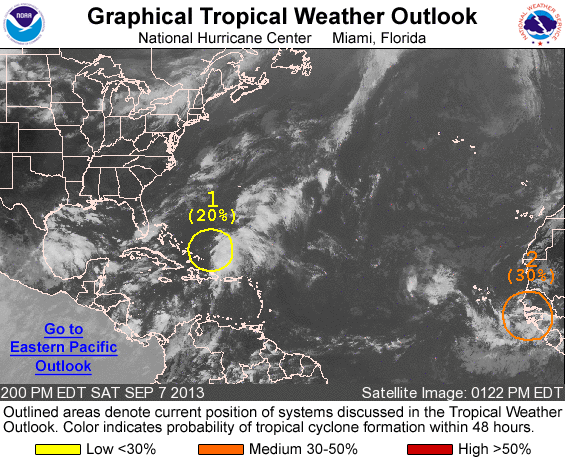
FOR THE NORTH ATLANTIC...CARIBBEAN SEA AND THE GULF OF MEXICO...

1. DISORGANIZED SHOWERS AND THUNDERSTORMS CONTINUE IN ASSOCIATION WITH A BROAD LOW PRESSURE AREA...THE REMNANTS OF GABRIELLE...CENTERED ROUGHLY A COUPLE HUNDRED MILES NORTHEAST OF THE SOUTHEASTERN BAHAMAS. DATA FROM A NOAA G-IV RESEARCH MISSION INDICATE THAT UPPER-LEVEL WINDS ARE CURRENTLY ONLY MARGINAL FOR DEVELOPMENT. ENVIRONMENTAL CONDITIONS COULD BECOME MORE CONDUCIVE WHILE THE LOW MOVES NORTHWARD OR NORTHEASTWARD AHEAD OF A COLD FRONT OVER THE WESTERN ATLANTIC OCEAN IN A FEW DAYS. THIS SYSTEM HAS A LOW CHANCE...20 PERCENT...OF BECOMING A TROPICAL CYCLONE DURING THE NEXT 48 HOURS...AND A MEDIUM CHANCE...40 PERCENT...OF BECOMING A TROPICAL CYCLONE DURING THE NEXT 5 DAYS.

2. A LOW PRESSURE AREA HAS FORMED ALONG THE COAST OF SENEGAL ASSOCIATED WITH A STRONG TROPICAL WAVE. THIS DISTURBANCE IS ALREADY SHOWING SOME SIGNS OF ORGANIZATION...AND CONDITIONS APPEAR FAVORABLE FOR A TROPICAL DEPRESSION TO FORM IN A FEW DAYS. THIS SYSTEM HAS A MEDIUM CHANCE...30 PERCENT...OF BECOMING A TROPICAL CYCLONE DURING THE NEXT 48 HOURS...AND A HIGH CHANCE...80 PERCENT...OF BECOMING A TROPICAL CYCLONE DURING THE NEXT 5 DAYS. THE LOW IS EXPECTED TO MOVE WESTWARD AT AROUND 10 MPH NEAR OR SOUTH OF THE CAPE VERDE ISLANDS DURING THE NEXT COUPLE OF DAYS AND THEN NORTHWESTWARD OVER THE OPEN EASTERN ATLANTIC.

OTHER SYSTEMS WITH DEVELOPMENT POTENTIAL BEYOND 48 HOURS...

A TROUGH OF LOW PRESSURE COULD FORM OVER THE EXTREME SOUTHWESTERN GULF OF MEXICO AND BAY OF CAMPECHE IN A FEW DAYS. SOME DEVELOPMENT OF THIS SYSTEM IS POSSIBLE BY MIDWEEK. THIS SYSTEM HAS A LOW CHANCE...NEAR 0 PERCENT...OF BECOMING A TROPICAL CYCLONE DURING THE NEXT 48 HOURS...AND A LOW CHANCE...20 PERCENT...OF BECOMING A TROPICAL CYCLONE DURING THE NEXT 5 DAYS.

FIVE-DAY FORMATION PROBABILITIES ARE EXPERIMENTAL IN 2013. COMMENTS ON THE EXPERIMENTAL FORECASTS CAN BE PROVIDED AT...

HTTP://WWW.NWS.NOAA.GOV/SURVEY/NWS-SURVEY.PHP?CODE=ETWO

FORECASTER BLAKE